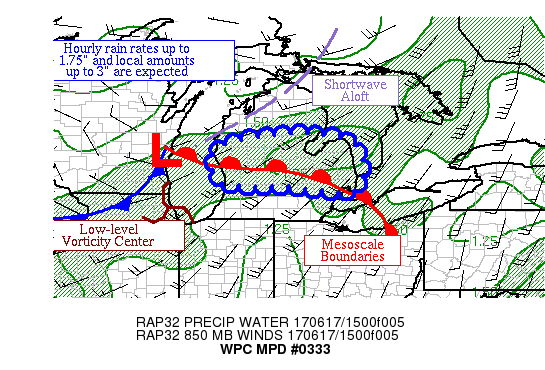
AREAS AFFECTED...CENTRAL LOWER MI

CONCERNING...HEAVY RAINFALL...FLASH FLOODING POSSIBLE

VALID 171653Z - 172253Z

SUMMARY...THUNDERSTORMS ARE EXPECTED TO INCREASE IN COVERAGE AND
INTENSITY AS THEY TRACK ACROSS THE REGION.  HOURLY RAIN RATES TO
1.75", WITH LOCAL AMOUNTS UP TO 3", ARE EXPECTED.

DISCUSSION...SHOWERS AND THUNDERSTORMS ARE DEVELOPING NEAR A
MESOSCALE WARM FRONT WEST OF GRAND RAPIDS.  ALOFT, A LOW-LEVEL
VORTICITY MAXIMUM IS MOVING IN FROM NORTHEAST IL (VIA VISIBLE
IMAGERY) WHILE A MID-LEVEL SHORTWAVE IS GLIDING INTO THE NORTHWEST
LOWER PENINSULA (PER WATER VAPOR IMAGERY) AND AN MCV MOVES NEAR
THE CENTRAL IL/IN BORDER (WHICH COULD BE ENHANCING THE WINDS
ALOFT).  INFLOW AT 850 HPA IS CONVERGENT AT 20-40 KTS WHICH IS
TAPPING MLCAPE VALUES OF 500-1000 J/KG.  PRECIPITABLE WATER VALUES
ARE ~1.75".  EFFECTIVE BULK SHEAR IS ~35 KTS.  THE DETROIT MI
SOUNDING SHOWS NEARLY UNIDIRECTIONAL FLOW WITH HEIGHT UP TO THE
350 HPA PRESSURE LEVEL.

SHOWERS AND THUNDERSTORMS SHOULD CONTINUE TO EXPAND IN COVERAGE
NEAR THE WARM FRONT TODAY, WITH A CORRESPONDING INCREASE IN
RAINFALL RATES AND AMOUNTS AS MLCAPE VALUES INCREASE ANOTHER
500-1000 J/KG IN AN AREA WITH PARTLY SUNNY SKIES.  THE MESOSCALE
GUIDANCE LOOKS WELL PLACED, AND AGREES ON THE IDEA OF LOCAL
AMOUNTS OF 3", WHICH APPEAR MORE LIKELY ON THE EASTERN SIDE OF THE
DISCUSSION AREA DUE TO STRONGER INFLOW AND GREATER TIME FOR
THUNDERSTORM DEVELOPMENT. CONSIDERING RAINS FROM LAST NIGHT, SOILS
ARE PARTIALLY SATURATED.  FLASH FLOODING IS A CONCERN,
PARTICULARLY WITHIN URBAN ENVIRONMENTS.